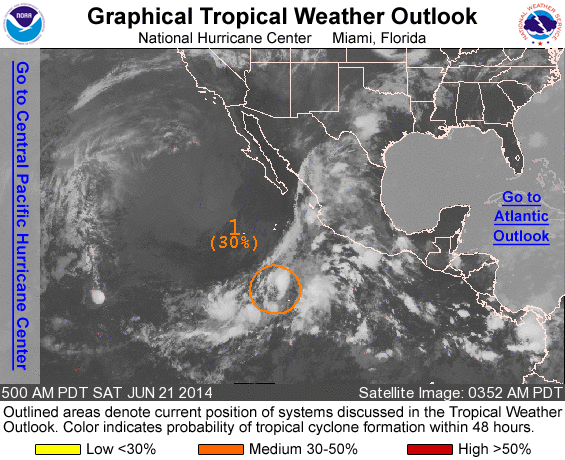
For the eastern North Pacific...east of 140 degrees west longitude:

1. Shower and thunderstorm activity associated with a low pressure system located about 700 miles south-southwest of Manzanillo, Mexico has become a little less organized during the past several hours. Although this system still has some potential for development today or Sunday, upper-level winds are becoming increasingly unfavorable for tropical cyclone formation while the system moves northward at 5 to 10 mph.
* Formation chance through 48 hours...medium...30 percent.
* Formation chance through 5 days...medium...30 percent.

Forecaster Avila